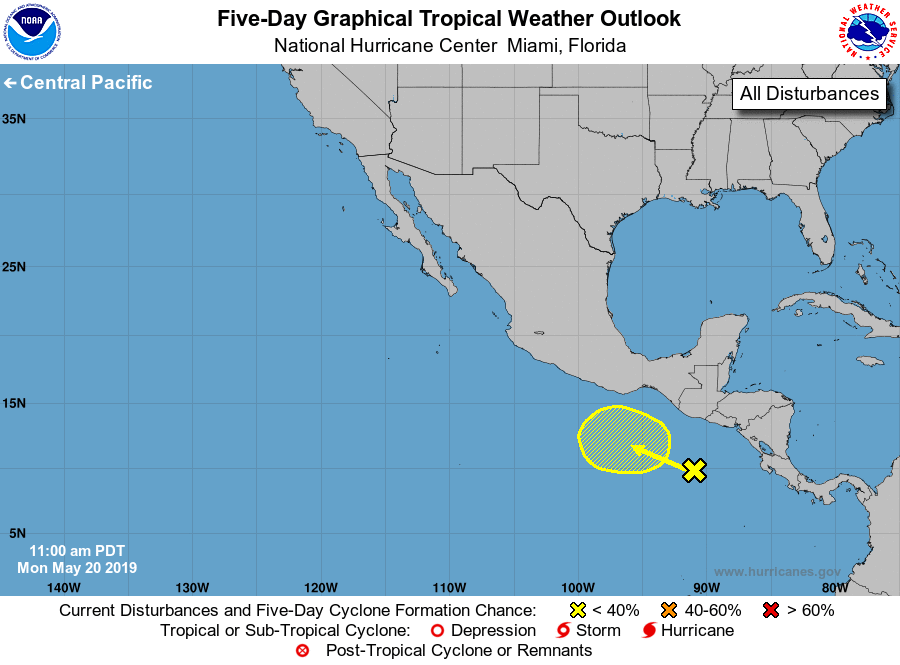
For the eastern North Pacific...east of 140 degrees west longitude:

1. A broad area of low pressure located a few hundred miles south of Guatemala is producing limited shower activity. No development of this system is expected during the next few days, but environmental conditions could favor some slow development later in the week while the disturbance moves slowly westward or west-northwestward well offshore of the southern coast of Mexico.
* Formation chance through 48 hours...low...near 0 percent.
* Formation chance through 5 days...low...20 percent.

Forecaster Pasch